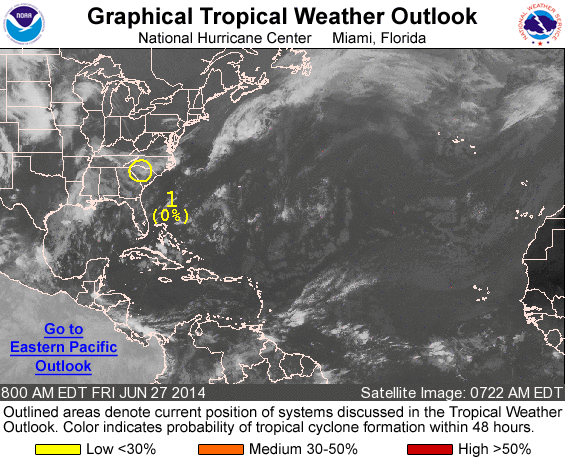
For the North Atlantic...Caribbean Sea and the Gulf of Mexico:

1. A non-tropical area of low pressure over South Carolina is expected to move offshore of the southeastern United States this weekend. Some development of this system is possible while it lingers off the southeastern coast of the United States early next week.
* Formation chance through 48 hours...low...near 0 percent.
* Formation chance through 5 days...low...20 percent.

Forecaster Blake